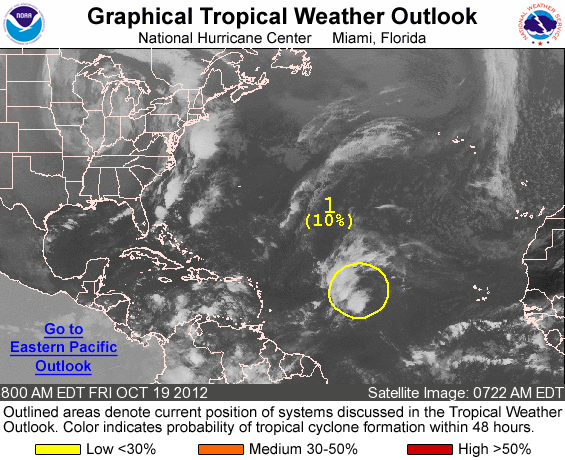
FOR THE NORTH ATLANTIC...CARIBBEAN SEA AND THE GULF OF MEXICO...

1. AN AREA OF DISTURBED WEATHER ASSOCIATED WITH A TROPICAL WAVE IS LOCATED MIDWAY BETWEEN THE CAPE VERDE ISLANDS AND THE LESSER ANTILLES. THIS DISTURBANCE IS INTERACTING WITH AN UPPER-LEVEL LOW...AND DEVELOPMENT...IF ANY...WILL BE SLOW TO OCCUR. THIS SYSTEM HAS A LOW CHANCE...10 PERCENT...OF BECOMING A TROPICAL CYCLONE DURING THE NEXT 48 HOURS AS IT MOVES SLOWLY WEST-NORTHWESTWARD OR NORTHWESTWARD.

FORECASTER KIMBERLAIN